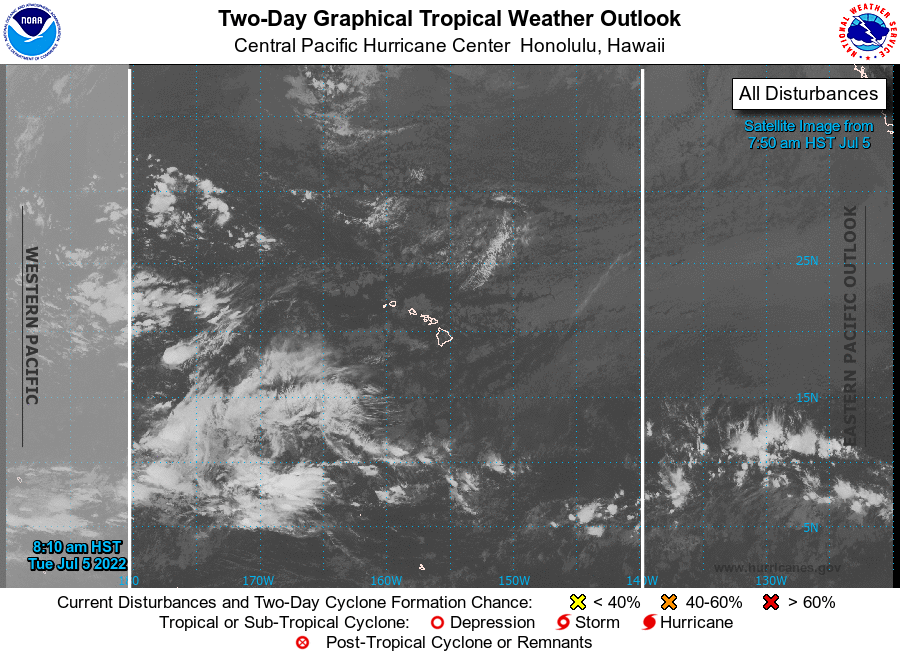
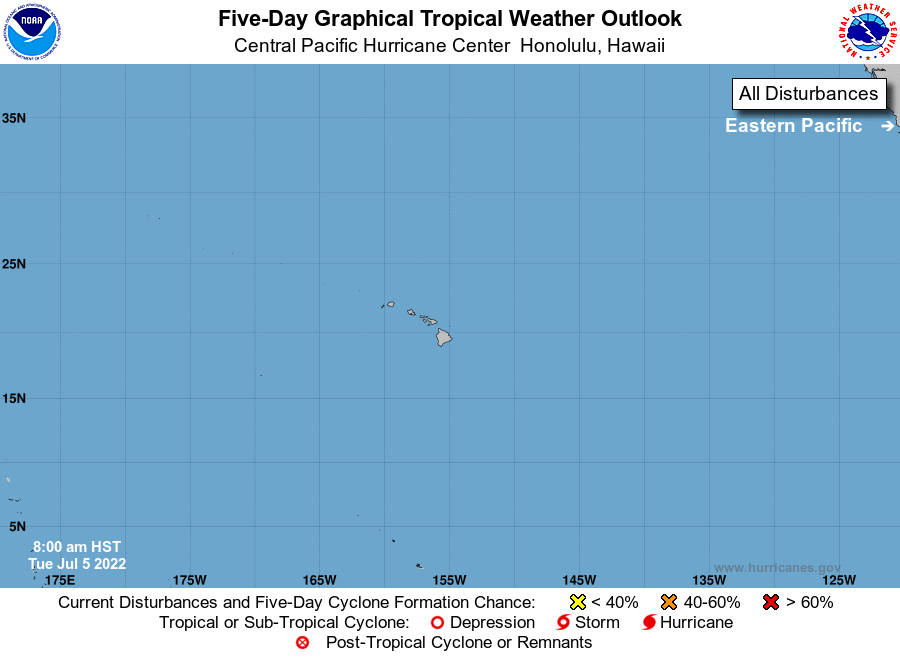
For the central North Pacific...between 140W and 180W:

No tropical cyclones are expected during the next 5 days.

Forecaster Blood